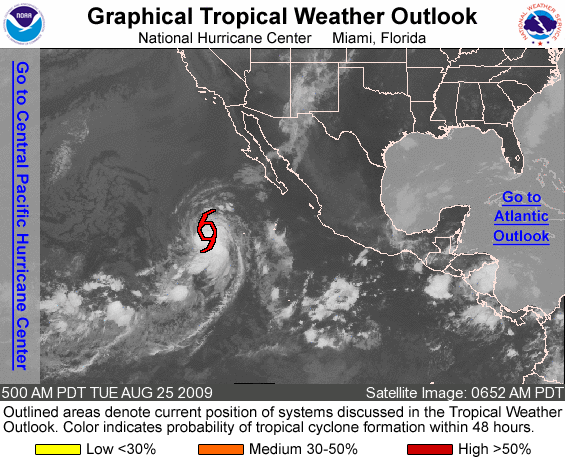
FOR THE EASTERN NORTH PACIFIC...EAST OF 140 DEGREES WEST LONGITUDE..

THE NATIONAL HURRICANE CENTER IS ISSUING ADVISORIES ON TROPICAL STORM IGNACIO...LOCATED ABOUT 650 MILES WEST-SOUTHWEST OF THE SOUTHERN TIP OF BAJA CALIFORNIA.

ELSEWHERE...TROPICAL CYCLONE FORMATION IS NOT EXPECTED DURING THE NEXT 48 HOURS.

PUBLIC ADVISORIES ON TROPICAL STORM IGNACIO ARE ISSUED UNDER WMO HEADER WTPZ32 KNHC AND UNDER AWIPS HEADER MIATCPEP2. FORECAST/ ADVISORIES ISSUED UNDER WMO HEADER WTPZ22 KNHC AND UNDER AWIPS HEADER MIATCMEP2.

FORECASTER KIMBERLAIN